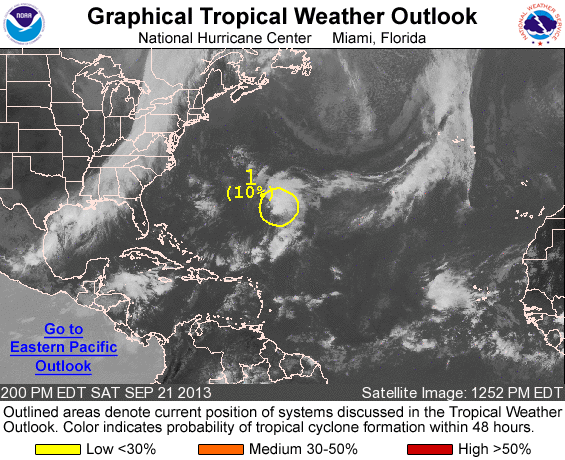
FOR THE NORTH ATLANTIC...CARIBBEAN SEA AND THE GULF OF MEXICO...

1. CLOUDINESS AND SHOWERS ASSOCIATED WITH A FRONTAL LOW CENTERED ABOUT 300 MILES SOUTHEAST OF BERMUDA REMAIN DISORGANIZED. TROPICAL DEVELOPMENT...IF ANY...IS EXPECTED TO OCCUR TONIGHT OR SUNDAY BEFORE IT BECOMES ABSORBED BY A LARGER FRONTAL TROUGH. THIS SYSTEM HAS A LOW CHANCE...10 PERCENT...OF BECOMING A SUBTROPICAL OR TROPICAL CYCLONE DURING THE NEXT 48 HOURS...AND A LOW CHANCE...10 PERCENT...DURING THE NEXT 5 DAYS.

FIVE-DAY FORMATION PROBABILITIES ARE EXPERIMENTAL IN 2013. COMMENTS ON THE EXPERIMENTAL FORECASTS CAN BE PROVIDED AT...

HTTP://WWW.NWS.NOAA.GOV/SURVEY/NWS-SURVEY.PHP?CODE=ETWO

FORECASTER AVILA